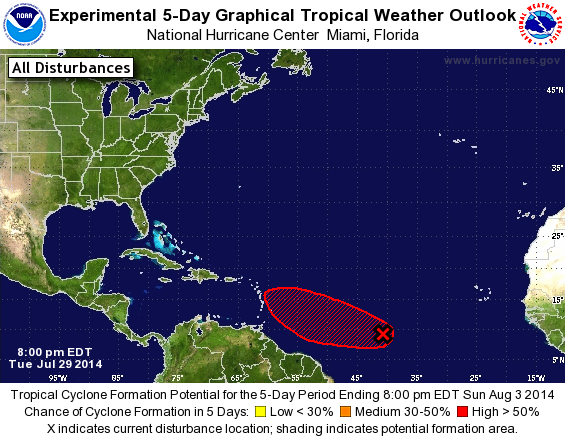
For the North Atlantic...Caribbean Sea and the Gulf of Mexico:

1. Satellite images indicate that showers and thunderstorms associated with an area of low pressure located about 1400 miles east of the southern Windward Islands are currently limited. This system remains well organized, however, and it could develop into a tropical depression tonight or tomorrow while it moves westward or west-northwestward near 15 mph.
* Formation chance through 48 hours...high...70 percent.
* Formation chance through 5 days...high...70 percent.

Forecaster Beven